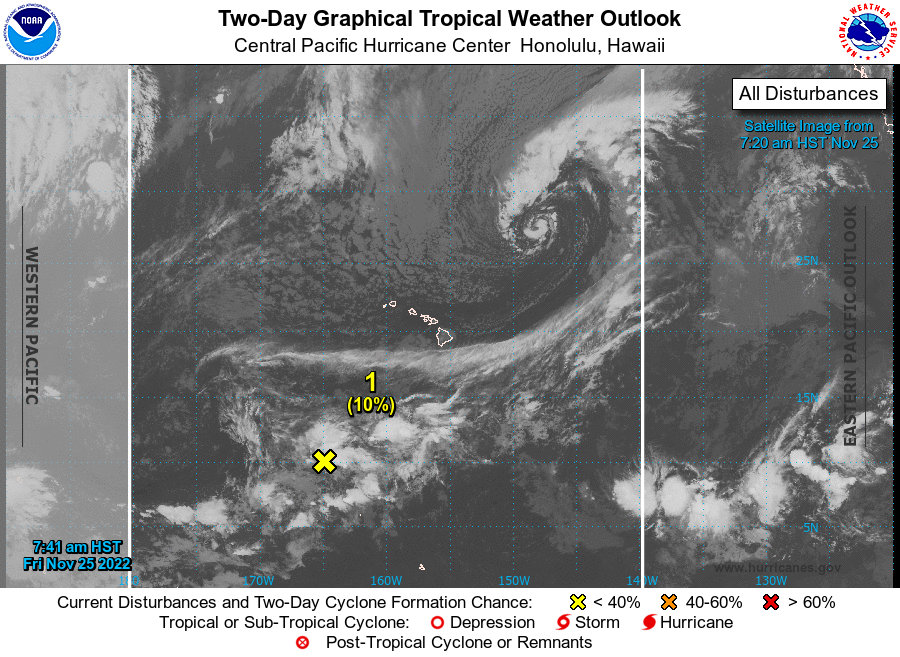
For the central North Pacific...between 140W and 180W:

1. A trough of low pressure about 900 miles southwest of the Hawaiian Islands is producing disorganized showers and thunderstorms. An area of low pressure is expected to develop along the trough over the weekend, and some slow development of this system is possible early next week as it moves slowly northwestward.
* Formation chance through 48 hours...low...near 0 percent
* Formation chance through 5 days...low...20 percent

Elsewhere, no tropical cyclones are expected during the next 5 days.

The central North Pacific hurricane season officially ends on November 30. The final Tropical Weather Outlook of the season will be issued at 8 PM on November 30. Routine issuance of the Tropical Weather Outlook will resume on June 1, 2023. During the off-season, additional Tropical Weather Outlooks will be issued as conditions warrant.

Forecaster Birchard